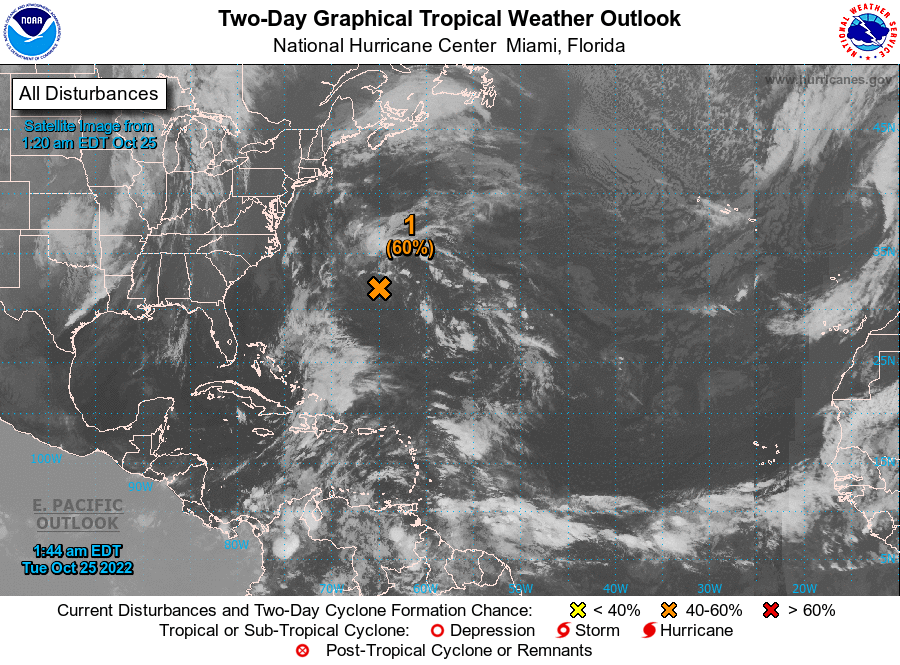
For the North Atlantic...Caribbean Sea and the Gulf of Mexico:

1. Northwestern Atlantic: Showers and thunderstorms have increased slightly, but remain limited near a well-defined area of low pressure located about 40 miles south-southwest of Bermuda. If the associated shower and thunderstorm activity can increase further near the center, the system could still become a tropical depression later today. After that time, the system is expected to continue moving northward towards cooler waters and into a region of unfavorable upper-level winds, which should limit additional development. Regardless of development, periods of locally heavy rainfall and gusty winds are expected over Bermuda though this morning. Interests in Bermuda should monitor the progress of this system.
* Formation chance through 48 hours...medium...60 percent.
* Formation chance through 5 days...medium...60 percent.

2. Southwestern Atlantic: An area of low pressure is expected to form north of Puerto Rico over the southwestern Atlantic in a few days. Thereafter, environmental conditions appear conducive for gradual subtropical development of this system while it meanders over the southwestern Atlantic through the weekend.
* Formation chance through 48 hours...low...near 0 percent.
* Formation chance through 5 days...low...30 percent.

Forecaster Papin